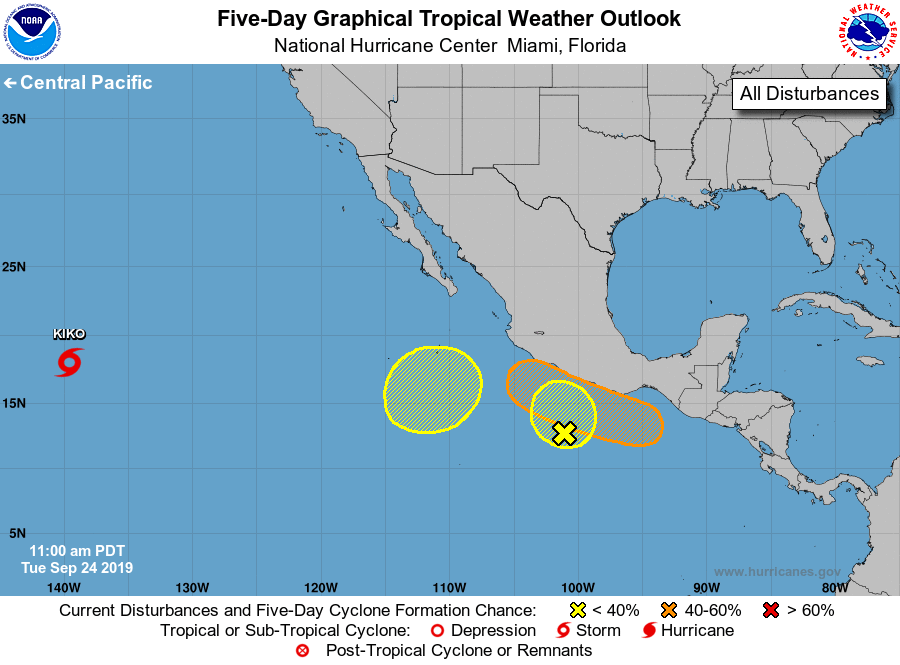
For the eastern North Pacific...east of 140 degrees west longitude:

The National Hurricane Center is issuing advisories on Tropical Storm Kiko, which will move into the central Pacific basin this afternoon.

1. A weak area of low pressure located a few hundred miles south of the southwestern coast of Mexico is producing disorganized showers and thunderstorms. Significant development of this system is not expected while it moves northward at 5 to 10 mph through Wednesday and then becomes absorbed within a larger trough on Thursday.
* Formation chance through 48 hours...low...10 percent.
* Formation chance through 5 days...low...10 percent.

2. An elongated surface trough is expected to form within a couple of hundred miles of the southwestern coast of Mexico during the next several days. An area of low pressure is likely to form along this trough, and it could become a tropical depression over the weekend while moving slowly west-northwestward near the southwestern coast of Mexico.
* Formation chance through 48 hours...low...near 0 percent.
* Formation chance through 5 days...medium...50 percent.

3. Another area of low pressure could form several hundred miles south-southwest of southern tip of the Baja California peninsula in a day or two. Some development is possible later this week while the system moves slowly northward or northeastward. This system is likely to be absorbed over the weekend by the larger system that is expected to develop near the southwestern coast of Mexico.
* Formation chance through 48 hours...low...near 0 percent.
* Formation chance through 5 days...low...20 percent.

Forecaster Berg